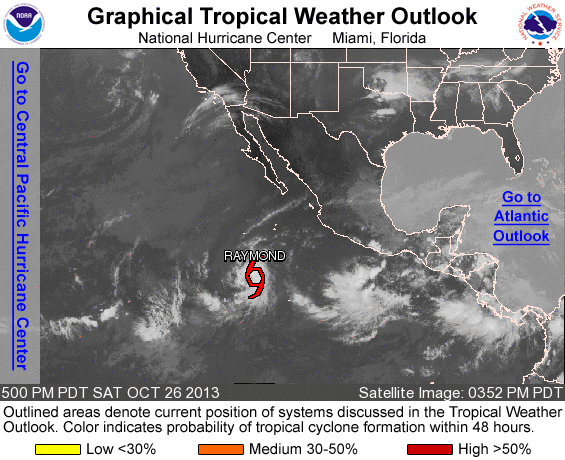
FOR THE EASTERN NORTH PACIFIC...EAST OF 140 DEGREES WEST LONGITUDE..

THE NATIONAL HURRICANE CENTER IS ISSUING ADVISORIES ON TROPICAL STORM RAYMOND...LOCATED SEVERAL HUNDRED MILES SOUTH-SOUTHWEST OF THE SOUTHERN TIP OF BAJA CALIFORNIA.

TROPICAL CYCLONE FORMATION IS NOT EXPECTED DURING THE NEXT 48 HOURS.

OTHER SYSTEMS WITH FORMATION POTENTIAL BEYOND 48 HOURS...

AN AREA OF LOW PRESSURE COULD FORM SEVERAL HUNDRED MILES SOUTH OF THE SOUTHWESTERN COAST OF MEXICO IN A FEW DAYS. ENVIRONMENTAL CONDITIONS ARE EXPECTED TO BE MARGINALLY CONDUCIVE FOR SOME SLOW DEVELOPMENT OF THIS DISTURBANCE AROUND THE MIDDLE PART OF NEXT WEEK WHILE IT MOVES WEST-NORTHWESTWARD OR NORTHWESTWARD. THIS SYSTEM HAS A LOW CHANCE...NEAR 0 PERCENT...OF BECOMING A TROPICAL CYCLONE DURING THE NEXT 48 HOURS...AND A LOW CHANCE...20 PERCENT...OF BECOMING A TROPICAL CYCLONE DURING THE NEXT 5 DAYS.

&&
FIVE-DAY FORMATION PROBABILITIES ARE EXPERIMENTAL IN 2013. COMMENTS ON THE EXPERIMENTAL FORECASTS CAN BE PROVIDED AT...

HTTP://WWW.NWS.NOAA.GOV/SURVEY/NWS-SURVEY.PHP?CODE=ETWO

FORECASTER KIMBERLAIN